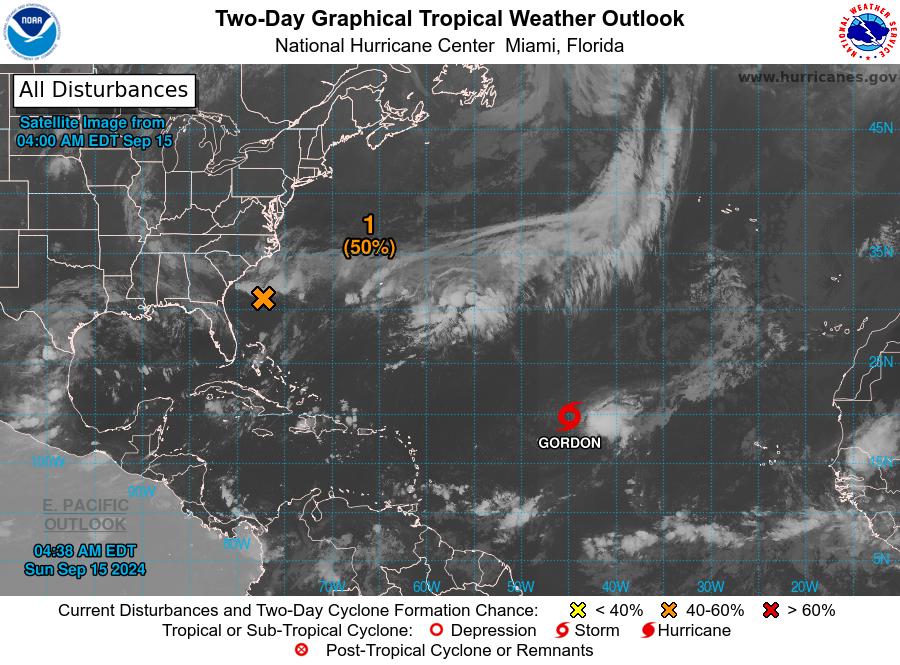
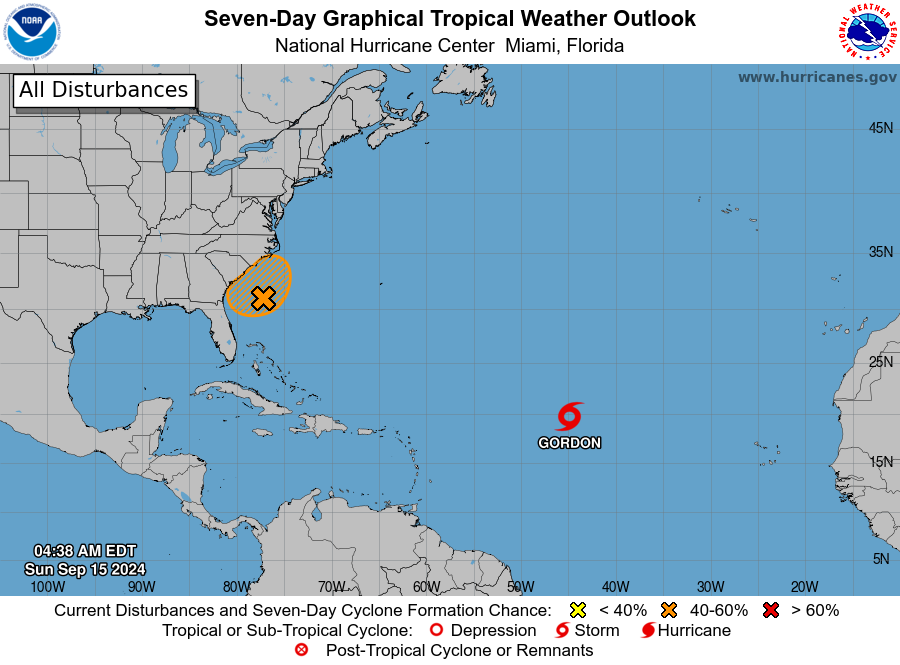
For the North Atlantic...Caribbean Sea and the Gulf of Mexico:

Active Systems: The National Hurricane Center is issuing advisories on Tropical Storm Gordon, located over the central tropical Atlantic Ocean.

1. Offshore the Southeastern U.S. Coast: A non-tropical low pressure area has formed along a frontal boundary a couple of hundred miles off the southeastern U.S. coast and is producing winds to gale force north of its center. The low is forecast to move northwestward or northward over the warm waters of the Gulf Stream toward the coasts of North Carolina and South Carolina, and it could become a subtropical or tropical storm during the next day or two if the associated front dissipates and showers and thunderstorms become sufficiently organized.

Regardless of tropical or subtropical development, the low is likely to bring gusty winds, heavy rains with the potential for flash flooding, coastal flooding, and dangerous beach conditions to portions of the U.S. Southeast and Mid-Atlantic coast during the next couple of days, and interests in these areas should monitor the system's progress. Additional information can be found in products issued by your local National Weather Service Forecast Office and High Seas Forecasts issued by the National Weather Service.
* Formation chance through 48 hours...medium...50 percent.
* Formation chance through 7 days...medium...50 percent.

High Seas Forecasts issued by the National Weather Service can be found under AWIPS header NFDHSFAT1, WMO header FZNT01 KWBC, and online at ocean.weather.gov/shtml/NFDHSFAT1.php

Forecaster Berg